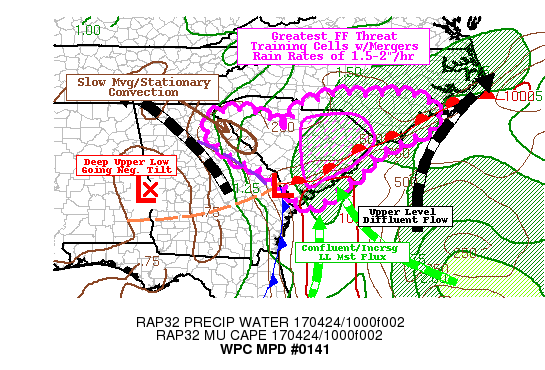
AREAS AFFECTED...EXT EASTERN GA...SOUTHEAST NC...SC

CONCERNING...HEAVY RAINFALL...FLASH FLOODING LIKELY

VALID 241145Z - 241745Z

SUMMARY...TRAINING CONVECTIVE BANDS WITH SOME STATIONARY NATURE
CLOSER TO UPPER LOW/PIVOT AXIS IN NW SC/NE GA.

DISCUSSION...GOES-E WV LOOP DENOTES VERY STRONG CONSOLIDATED UPPER
LOW DIGGING INTO SE GA ATTM PROVIDING AN EXPANSIVE REGIME OF
DIFFLUENCE/DIVERGENCE ACROSS THE CAROLINAS PROVIDING EXCELLENT
REGIME TO SUPPORT BROAD SCALE ASCENT FOR LARGE SHIELD OF MODERATE
PRECIPITATION BUT ALSO GOOD EVACUATION FOR EMBEDDED CONVECTIVE
BANDS.  AT THE SURFACE A 1004 LOW SITS NW OF SAVANNAH GA WITH WARM
FRONT HUGGING THE WARM FRONT UP TO THE NC OUTERBANKS...MOISTURE
AND INSTABILITY IS GENERALLY LIMITED TO THE WARM SECTOR THOUGH
MODEST 20-30KT ISENTROPIC ASCENT THAT IS GENERALLY TIGHTENING IN
CONFLUENCES HAS FOCUSED MST FLUX CONVERGENCE TO PRODUCE A LINE OF
CONVECTION (AIDED BY THE WESTERN EDGE OF THE GULF STREAM) ACROSS E
SC AS WELL AS A SECONDARY LINE FORMING FROM NEAR BEAUFORT TO EAST
OF COLUMBIA.  CLOUD BARING FLOW IS GENERALLY UNIDIRECTIONAL NEAR
THE DEVELOPMENT REGION AND FANNING OUT FURTHER NORTH TO THE SC/NC
BORDER...FOCUSING SOME TRAINING ENVIRONMENT AS THE TWO LINES ARE
EXPECTED TO MERGE OVER THE NEXT FEW HOURS IN E SE.  GIVEN
STRENGTHENING DPVA AS WELL AS INCREASING BUT SLOWLY BACKING
SOUTHERLY  FLOW OFF THE ATLANTIC WITH SFC TDS IN THE UPPER 60S TO
NEAR 70...CONTINUED UPSTREAM REDEVELOPMENT IS EXPECTED THROUGH THE
MORNING.  CURRENTLY GIVEN FAIRLY WARM MID-LEVELS LAPSE RATES ARE
MILD LIMITING INSTABILITY TO LESS THAN 1500 J/KG WITH SOME DRY AIR
PRESENT TOO LIMITING RAINFALL EFFICIENCY AS WELL WITH TPWS IN THE
1.4-1.5" NOT FULLY TAPPING THE DEEPER TROPICAL CONNECTION EXPECTED
LATER THIS AFTERNOON...AS SUCH RAINFALL RATES WILL NOT BE WORST
CASE SCENARIO WITH 1HR RATES OF 1.5" MAYBE REACHING 2" IN MERGERS
AND FOR SHORT TIME PERIODS.  STILL...GIVEN THE
ORIENTATION/PERSISTENCE THIS WILL LEAD TO THE POTENTIAL OF SPOT
3-5" TOTALS OVER THE NEXT 6HRS PARTICULARLY FROM SE OF I-77 AND E
OF I-26 PERHAPS AFFECTING SE NC AS WELL...THERE IS FAIRLY GOOD
CONFIDENCE DUE TO STRONG AGREEMENT IN HI-RES CAMS IN THIS SETUP
PRODUCING THESE MAGNITUDES OF RAINFALL THAT FLASH FLOODING IS
CONSIDERED LIKELY THOUGH THE CAMS ARE LESS PRECISE ON THE EXPECTED
LOCATION...IE HOW FAR EAST TOWARD NC BOARDER.

FURTHER WEST...E GA/W SC.  TROWAL JUST AHEAD OF MAIN HEIGHT
FALLS/TROF DENOTED WELL IN WV CHANNELS ON GOES-16...WILL HAVE A
MORE LIMITED ISENTROPIC ASCENT REGIME THAN FURTHER EAST...YET
GIVEN THE TRACK OF THE UPPER LOW...THE CELL MOTIONS WILL BE FAIRLY
WEAK AND MAY PRESENT SOME STATIONARY NATURE PARTICULARLY LATER
THIS MORNING CLOSE TO THE AUGUSTA REGION.  WHILE THE COVERAGE OF
CONVECTION WILL BE MORE SCATTERED DUE TO THE FURTHER LIMITED
INFLOW/INSTABILITY REGIME...FLASH FLOODING UNDER THESE STATIONARY
CELLS IS POSSIBLE WITH TOTALS OF 1.5-3.5" POSSIBLE.

ALONG THE NC COAST...GREATEST UNCERTAINTY IN HEAVY RAINFALL OVER
THE MORNING HOURS RESIDES ALONG THE WARM FRONT ACROSS NC. STRONG
ONSHORE FLOW AND MODEST INSTABILITY FROM GULF STREAM ENVIRONMENT
WILL BE SUFFICIENT FOR CONVECTION TO DEVELOP...HOWEVER WITH
LIMITED FOCUS CONVECTION MAY BE WEAKER AND MORE BROKEN REDUCING
FLOODING CONCERN IN THE SHORT-TERM.  HOWEVER...IT IS POSSIBLE WITH
SOME FOCUSED FORCING SUCH AS THE LINE CURRENTLY APPROACHING
WILMINGTON NC VICINITY SOME BANDED/TRAINING CONVECTIVE REGIMES MAY
FORM AND POSE THE FLOODING CONCERNS SEEN FURTHER SW IN SC.  STILL
THE RAINFALL THROUGH THE MORNING WILL BE SUFFICIENT TO SET THE
STAGE FOR FURTHER FLOODING CONCERNS LATER THIS AFTERNOON AS THE
TROPICAL MOISTURE AND FORCING IS TAPPED FROM THE SYSTEM OFFSHORE.